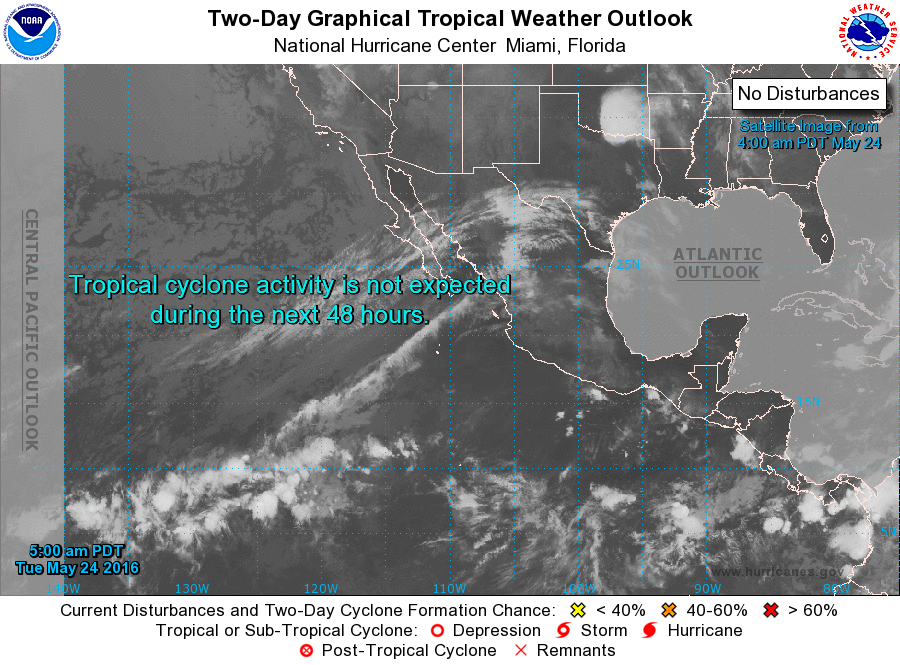
For the eastern North Pacific...east of 140 degrees west longitude:

Tropical cyclone formation is not expected during the next 5 days.

Forecaster Blake